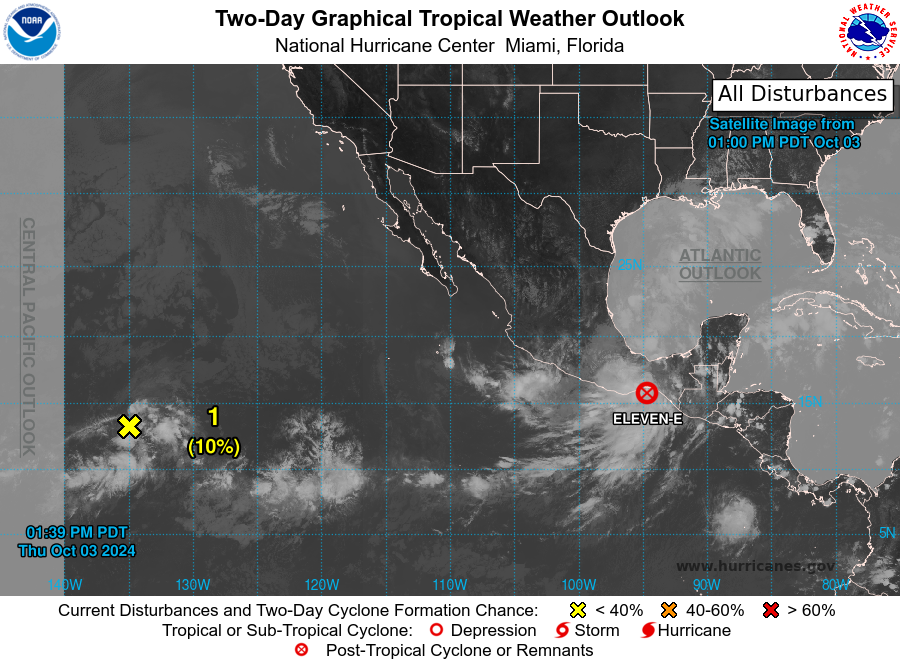
For the eastern North Pacific...east of 140 degrees west longitude:

Active Systems: The National Hurricane Center is issuing advisories on Tropical Depression Eleven-E, located near the coast of southeastern Mexico.

1. Western Portion of the East Pacific (EP98): A low pressure system located well to the west-southwest of the southern tip of the Baja California peninsula is producing disorganized shower and thunderstorm activity. Some limited development is possible while the low moves slowly northward or north-northeastward during the next couple of days. Atmospheric conditions should become less conducive and prevent further development by the weekend.
* Formation chance through 48 hours...low...10 percent.
* Formation chance through 7 days...low...10 percent.

2. Offshore of Southwestern Mexico: An area of low pressure could form off the coast of southwestern Mexico during the early to middle part of next week. Thereafter, some slow development is possible while the system drifts northwestward.
* Formation chance through 48 hours...low...near 0 percent.
* Formation chance through 7 days...low...30 percent.

Forecaster Kelly/E.Adams